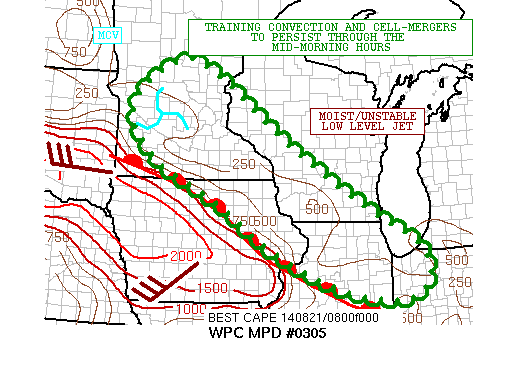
AREAS AFFECTED...CENTRAL AND SOUTHERN MN...WESTERN AND SOUTHERN
WI...NORTHEAST IA...NORTHERN IL...NORTHWEST IN

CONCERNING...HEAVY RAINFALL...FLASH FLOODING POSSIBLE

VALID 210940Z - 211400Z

SUMMARY...TRAINING CONVECTION AND A FEW CELL-MERGERS WILL FOSTER A
FLASH FLOOD THREAT THROUGH THE MID-MORNING HOURS.

DISCUSSION...THE LATEST IR SAT IMAGERY SHOWS A COLD-TOPPED MCS
IMPACTING CNTRL/SRN MN ATTM...WITH THE MCS BEGINNING TO ADVANCE
ESEWD TWD SERN MN. MEANWHILE...A NW/SE ORIENTED BAND OF ELEVATED
CONVECTION IS SEEN IMPACTING SWRN WI...WHICH IS CONNECTED TO A
GRADUAL INCREASE IN WARM ADVECTION VIA A MOIST/UNSTABLE SWLY LOW
LVL JET INVOF A FRONTAL ZONE. THIS DOWNSTREAM CONVECTION MAY WELL
BE GETTING INFLUENCED TO A DEGREE BY A DEVELOPING MCV ASSOCD WITH
THE MN CONVECTIVE SYSTEM.

OVER THE NEXT FEW HOURS...THE MCS OVER MN WILL ADVANCE ESEWD ALONG
AND JUST NORTHEAST OF A WARM FRONT...WITH ADDITIONAL BANDS OR
CLUSTERS OF CONVECTION EXPECTED TO ORGANIZE DOWNWIND OF THE MCS
INVOLVING ESP SRN WI...NERN IL AND POSSIBLY FAR NWRN IN. THE
LATEST VAD WIND PROFILER DATA INDICATES 30 TO 40 KTS OF SWLY LOW
LEVEL JET AND THIS WILL CONTINUE AT LEAST THROUGH ABOUT 12Z. THE
LARGER SCALE ENVIRONMENT WILL REMAIN CONDUCIVE FOR CELL MERGERS
AND TRAINING GIVEN THE ORIENTATION OF THE ONGOING CONVECTION AND
EXPECTED PROPAGATION.

THIS COUPLED WITH RAINFALL RATES OF UP TO 2 INCHES/HR WILL FAVOR
THE POTENTIAL FOR FLASH FLOODING AT LEAST THROUGH THE MID-MORNING
HOURS. HOWEVER...THE LATEST HI-RES GUIDANCE INCLUDING THE 00Z
NAM-CONEST AND 00Z NSSL-WRF WHICH BOTH HAVE A SOMEWHAT REASONABLE
HANDLE ON THE MN MCS...SUGGEST THAT THE CONVECTION WILL TEND TO
WEAKEN BEYOND 12Z. SO THE FLASH FLOOD THREAT SHOULD TEND TO
CONTINUE FOR A FEW MORE HOURS AND THEN SUBSIDE.